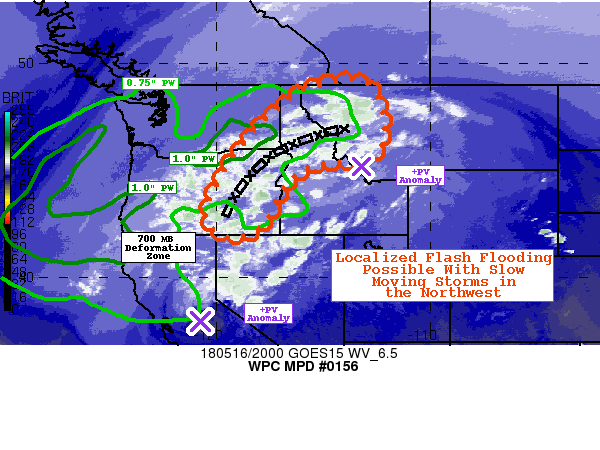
AREAS AFFECTED...WRN MT...NRN ID...SERN WA...ERN OR

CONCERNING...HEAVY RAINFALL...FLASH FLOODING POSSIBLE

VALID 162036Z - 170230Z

SUMMARY...LOCALIZED FLASH FLOODING WILL BE POSSIBLE WITH SLOW
MOVING STORMS IN PORTIONS OF THE INTERIOR NORTHWEST AND NORTHERN
ROCKIES. RAIN RATES MAY REACH 1 IN/HR WHICH COULD CAUSE FLOODING.

DISCUSSION...GOES-15 IR AND VISIBLE SATELLITE LOOPS AND REGIONAL
RADAR MOSAICS SHOW SCATTERED CONVECTION BEGINNING TO BLOSSOM IN AN
ARC FROM OREGON TO THE NORTHEAST INTO MONTANA. THIS WAS GENERALLY
JUST THE THE NORTHWEST OF A +PV ANOMALY THAT WAS SLOWLY LIFTING
NNW...AS WELL AS RIGHT ALONG A 700 MB DEFORMATION AXIS. THE DEEP
LAYER FLOW WAS RELATIVELY WEAK IN THIS REGION...AND THERE WAS A
MINIMUM IN FORECAST STORM MOTION SPEEDS ROUGHLY COINCIDENT WITH
THE DEFORMATION ZONE. RADAR TRENDS INDICATE THIS AS WELL...WITH
SOME NEARLY STATIONARY CONVECTION.

THESE SLOW STORM MOTIONS ALSO COINCIDED WITH THE GREATEST
COMBINATION OF INSTABILITY AND PRECIPITABLE WATER ACROSS THE
REGION. SIMILAR INSTABILITY (MLCAPE 500-1000 J/KG) EXISTED FURTHER
SOUTH FROM NORTHERN NEVADA INTO THE SNAKE RIVER VALLEY AS
WELL...BUT PWATS WERE LOWER THAT FAR SOUTHEAST. WITH LIMITED WIND
SHEAR AND A LACK OF A STRONG CONVECTIVE FOCUS...ANY THUNDERSTORMS
THAT DO DEVELOP SHOULD BE RELATIVELY SCATTERED... CELLULAR... AND
DISORGANIZED. HOWEVER WITH THE ENVIRONMENT SUPPORTIVE OF
MARGINALLY STRONG UPDRAFTS AND PWATS (0.7 TO 1.0 INCHES) ABOVE THE
90TH PERCENTILE FOR MAY IN THIS REGION... SHOWERS AND
THUNDERSTORMS SHOULD BE CAPABLE OF PRODUCING HEAVY RAINFALL.

THE 12Z HREF FOCUSED THE HIGHEST PROBABILITIES OF 1 IN/HR RAIN
RATES AND FFG EXCEEDANCE ALONG THE 700MB DEFORMATION ZONE...AND
PARTICULARLY FROM NE OR INTO FAR NW MT (ROUGHLY FROM PENDLETON TO
LEWISTON TO MISSOULA). NEIGHBORHOOD PROBABILITIES OF EXCEEDING 1HR
FFG WERE AS HIGH AS 30-60 PERCENT IN SOME AREAS. THE SCATTERED
NATURE OF THE CONVECTION SHOULD KEEP THE THREAT OF FLASH FLOODING
LOCALIZED. GIVEN THE RELATIVELY HIGH FREEZING LEVELS...SOME AREAS
MAY SEE A COMBINATION OF RUNOFF FROM ONGOING RAINFALL AND SNOW
MELT...WITH SNOW STILL PRESENT AT SOME OF THE HIGHER ELEVATIONS.